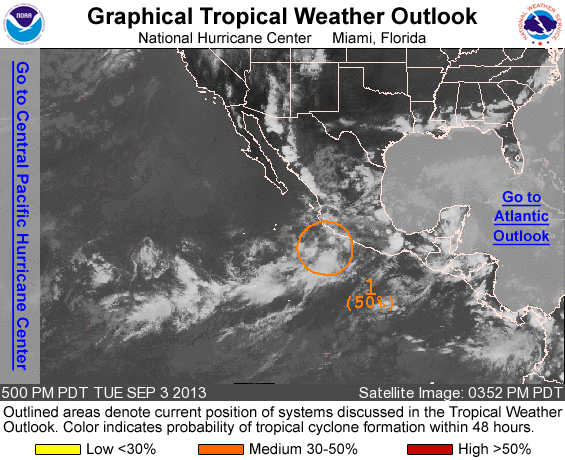
FOR THE EASTERN NORTH PACIFIC...EAST OF 140 DEGREES WEST LONGITUDE..

1. A LOW PRESSURE SYSTEM IS CENTERED OFF THE SOUTHWESTERN COAST OF MEXICO A COUPLE HUNDRED MILES SOUTH OF MANZANILLO. ALTHOUGH THE CIRCULATION OF THE LOW HAS BECOME BETTER DEFINED TODAY...THE ASSOCIATED SHOWERS AND THUNDERSTORMS ARE SOMEWHAT LIMITED AND NOT VERY STRONG. ENVIRONMENTAL CONDITIONS ARE CONDUCIVE FOR ADDITIONAL DEVELOPMENT OF THIS LOW...AND THE FORMATION OF A TROPICAL DEPRESSION IS POSSIBLE DURING THE NEXT FEW DAYS IF THE SHOWER AND THUNDERSTORM ACTIVITY IS ABLE TO INCREASE AND BECOME BETTER ORGANIZED. THIS SYSTEM HAS A MEDIUM CHANCE...50 PERCENT...OF BECOMING A TROPICAL CYCLONE DURING THE NEXT 48 HOURS...AND A HIGH CHANCE...70 PERCENT...OF BECOMING A TROPICAL CYCLONE DURING THE NEXT 5 DAYS WHILE IT MOVES WEST-NORTHWESTWARD TO NORTHWESTWARD AT AROUND 10 MPH. LOCALLY HEAVY RAINS AND GUSTY WINDS ARE POSSIBLE ALONG THE SOUTHWESTERN COAST OF MEXICO DURING THE NEXT DAY OR TWO.

FIVE-DAY FORMATION PROBABILITIES ARE EXPERIMENTAL IN 2013. COMMENTS ON THE EXPERIMENTAL FORECASTS CAN BE PROVIDED AT...

HTTP://WWW.NWS.NOAA.GOV/SURVEY/NWS-SURVEY.PHP?CODE=ETWO

FORECASTER BERG